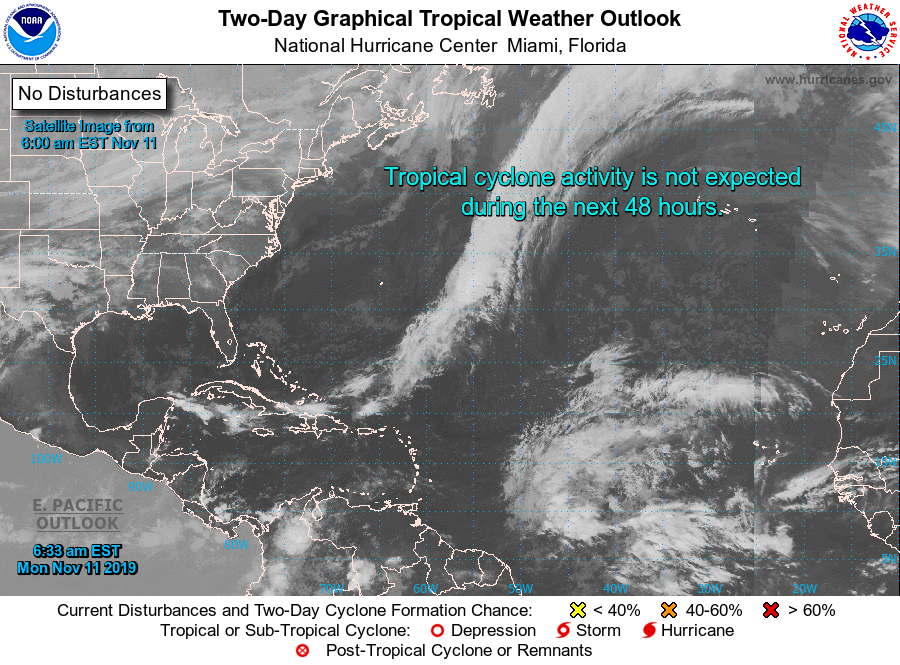
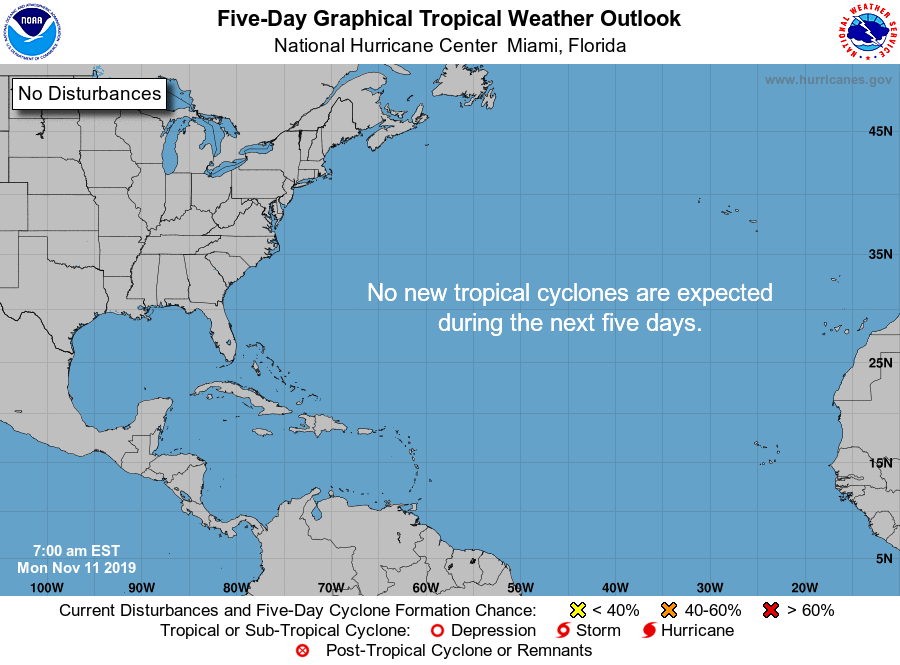
For the North Atlantic...Caribbean Sea and the Gulf of Mexico:

Tropical cyclone formation is not expected during the next 5 days.

Forecaster Stewart